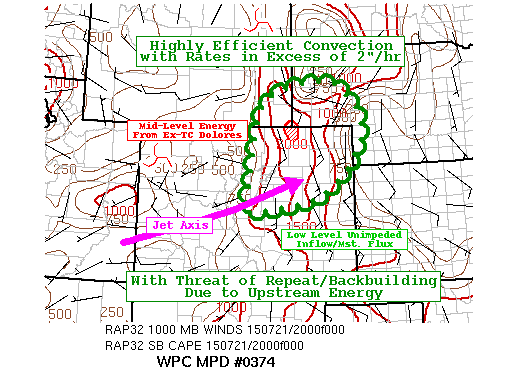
AREAS AFFECTED...SOUTHEAST WYOMING...NORTHEAST COLORADO...EXTREME
WESTERN NEBRASKA

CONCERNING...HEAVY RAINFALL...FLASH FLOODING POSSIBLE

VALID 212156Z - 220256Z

SUMMARY...EFFICIENT RAINFALL PRODUCING SLOW MOVING CONVECTION
AHEAD OF SHORTWAVE ASSOCIATED WITH EX-TROPICAL CYCLONE DOLORES

DISCUSSION...PLEASE REFER TO CONCURRENT SPENES ISSUED AT 2120Z FOR
ADDITIONAL SYNOPTIC AND SATELLITE ANALYSIS SITUATION...

ACTIVE LINE OF CONVECTION DEVELOPED ALONG STRONG DEEP MOISTURE
CONVERGENCE ALONG A FRONTAL BOUNDARY RELATIVELY PARALLEL TO THE
FRONT RANGE.  WV LOOP SHOWS ELONGATED TROF ASSOCIATED WITH
NORTHERN STREAM SHORTWAVE OVER NORTHEAST WY EXTENDING BACK TO MORE
CONSOLIDATED SHORTWAVE ASSOCIATED WITH TROPICAL CYCLONE DOLORES
INTO NORTHWEST CO... WITH INCREASED MOISTURE THROUGH THE MID-LEVEL
SEEN BY COLDER TEMPS AS WELL AS INCREASED MOISTURE VALUES IN THE
700-500MB WITH .5-.8" THROUGH THAT DEPTH PER CIRA LAYERED TPW
LOOPS.  THIS HAS ALLOWED FOR LOWER LAPSE RATES THROUGH THE DEPTH
BUT WITH DAY TIME HEATING ALLOWED FOR INCREASED INSTABILITIES WITH
2000 J/KG FOR A NARROW SKINNY CAPE PROFILE INDICATIVE OF HIGHLY
EFFICIENT RAINFALL PRODUCTION AND REDUCED HAIL SIZES... FOR A MORE
NUMEROUS HAIL COVERAGE/DEPTH FOR INCREASED MELT AT SURFACE TO
COMPOUND HIGH RAINFALL TOTALS AS WELL. SURFACE/LOW LEVEL 20-30KT
SOUTHERLY FLOW IS NOT IMPEDED BY OTHER CONVECTION...CONTINUING TO
SUPPORT INSTABILITY ADVECTION AND LOW LEVEL MOISTURE CONVERGENCE.

WITH THE SHORTWAVE ENERGY REMAINING UPSTREAM...AND BEING ON THE
NORTH SIDE OF THE JET AXIS...CONTINUED PVA AS WELL AS UPPER LEVEL
LEFT EXIT DYNAMICS WILL SUPPORT CONTINUED UPSTREAM DEVELOPMENT AND
A SLIGHT INCREASE OF MEAN CELL MOTIONS.  THIS WILL ALLOW FOR
CURRENT CONVECTION TO SHIFT EASTWARD SLOWLY...AS SUGGESTED BY THE
MOST RECENT HRRR.  THIS MAY REDUCE SOME PROLONGED VERY HIGH TOTALS
BUT RATES IN EXCESS OF 2"/HR WILL BE LIKELY TO CONTINUE.  UPSTREAM
REDEVELOPMENT THOUGH WILL BE LIKELY GIVEN THE DYNAMIC SUPPORT AND
STEEPENING LAPSE RATES WITH A NARROW RIBBON OF LOW LEVEL
MOISTURE/HEATING NEARER THE FRONT RANGE THAT WAS UNAFFECTED BY THE
FIRST ROUND.  THIS WILL LIKELY TRAIN/REPEAT OVER AREAS CURRENTLY
AFFECTED...AND EXPECT INCREASED COVERAGE WITH THE EJECTION OF THE
SHORTWAVE.